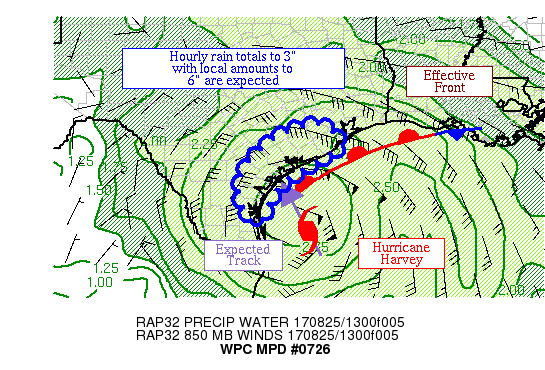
AREAS AFFECTED...MIDDLE TX COAST

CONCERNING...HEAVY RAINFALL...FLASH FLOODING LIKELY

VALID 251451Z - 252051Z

SUMMARY...HURRICANE HARVEY'S CENTRAL DENSE OVERCAST (CDO) IS
EXPECTED TO MOVE ASHORE THE MIDDLE TX COAST SHORTLY.  HOURLY RAIN
AMOUNTS TO 3" WITH LOCAL AMOUNTS TO 6" ARE EXPECTED.

DISCUSSION...HURRICANE HARVEY CONTINUES MOVING NORTHWEST AT 10 MPH
PER THE LATEST NHC ADVISORY.  THE SYSTEM HAS RECENTLY EXHIBITED A
DOUBLE EYEWALL STRUCTURE WITH THIRD NEARBY INNER SPIRAL BAND
EVIDENT, AND THE LEADING EDGE OF ITS CDO LIES WITHIN AN HOUR OF
THE COAST.  PRECIPITABLE WATER VALUES ARE ~2.5" PER RECENT GPS
DATA.  INFLOW AT 850 HPA IS CYCLONIC NEAR THE COAST AT 30-50 KTS
PER VAD WIND PROFILES.  ML CAPE VALUES OF 500-2500 J/KG LIE FROM
THE COASTLINE OFFSHORE INTO THE GULF OF MEXICO.  THE LEADING EDGE
OF A BROAD DEW POINT DISCONTINUITY EXTENDS JUST OFFSHORE THE
MIDDLE TX COAST.

THE MESOSCALE GUIDANCE APPEARS SOMEWHAT SLOW WITH THE
PRECIPITATION PROGRESSION OF THE CDO.  THE BROWNSVILLE TX RADAR
SHOWS OCCASIONAL HOURLY RAIN TOTALS UP TO 2" OFFSHORE, BUT AMOUNTS
COULD BE AMPLIFIED ONCE ONSHORE DUE TO FRICTIONAL CONVERGENCE AND
A REINFORCEMENT OF THE BOUNDARY NEAR THE COAST CAUSED BY THE
RAINFALL ITSELF (A RAIN-INDUCED WEDGE SITUATION), WHICH WOULD MOVE
SLOWLY NORTHWEST AHEAD OF THE STORM'S CDO.  SHOULD THE SYSTEM NOT
COMPLETE ITS EYEWALL REPLACEMENT CYCLE, THE OUTERMOST EYEWALL
COULD REACH THE COAST AT THE END OF THE MPD HORIZON.  HOURLY RAIN
TOTALS UP TO 3" WITH LOCAL AMOUNTS UP TO 6" ARE EXPECTED.  THIS
SHOULD LEAD TO FLASH FLOODING, PARTICULARLY WITHIN URBAN AREAS.